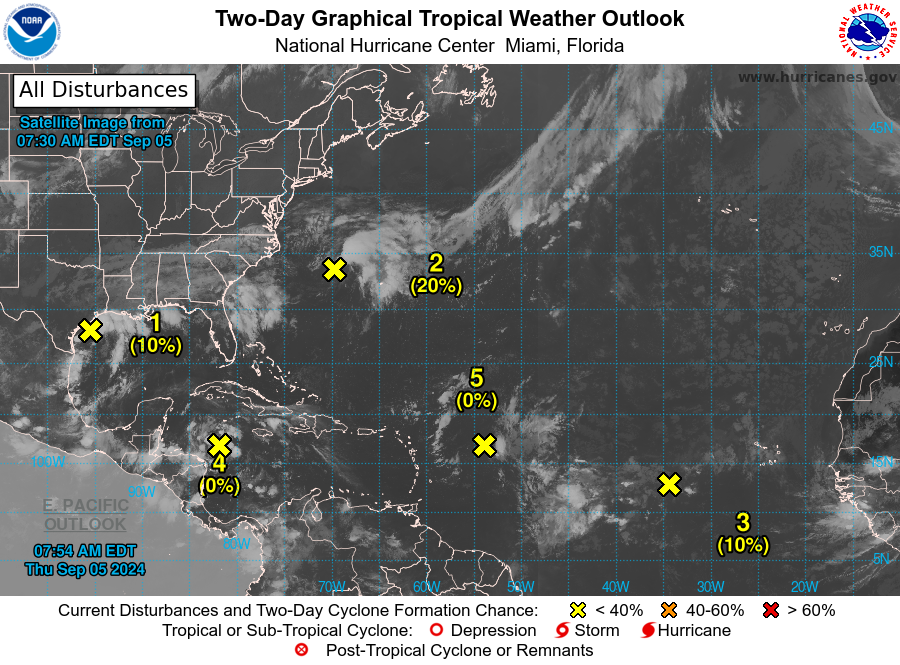
For the North Atlantic...Caribbean Sea and the Gulf of Mexico:

1. Northwest Gulf of Mexico: A trough of low pressure is producing widespread disorganized showers and thunderstorms across the northwestern Gulf of Mexico, including near the coasts of Louisiana and Texas. Upper-level winds are expected to become less conducive for development by Friday and Saturday as a frontal boundary approaches the system. Although development is unlikely, heavy rainfall is expected across portions of the northern Gulf Coast during the next day or so.
* Formation chance through 48 hours...low...10 percent.
* Formation chance through 7 days...low...10 percent.

2. Northwestern Atlantic: A non-tropical area of low pressure located a few hundred miles east of North Carolina is producing disorganized showers and thunderstorms to the northeast and east of its center. This system could acquire some subtropical characteristics over the next couple of days while it moves generally north-northeastward, remaining offshore of the northeastern United States. Once the low moves over cooler waters by late Saturday, further subtropical development is not expected. Additional information on this system, including gale warnings, can be found in High Seas Forecasts issued by the National Weather Service.
* Formation chance through 48 hours...low...20 percent.
* Formation chance through 7 days...low...20 percent.

3. Eastern Tropical Atlantic: A broad area of low pressure over the eastern tropical Atlantic is producing disorganized showers and thunderstorms. Some slow development of this system is possible during the next several days while it drifts northwestward or northward.
* Formation chance through 48 hours...low...10 percent.
* Formation chance through 7 days...low...20 percent.

4. Northwestern Caribbean Sea and Southwestern Gulf of Mexico: Shower and thunderstorm activity has increased slightly in association with a westward-moving tropical wave located over the western Caribbean Sea. Significant development appears unlikely before the system reaches Belize and the Yucatan Peninsula by early Friday. Some development is possible late in the weekend into early next week after the system emerges over the southwestern Gulf of Mexico.
* Formation chance through 48 hours...low...near 0 percent.
* Formation chance through 7 days...low...30 percent.

5. Central Tropical Atlantic: Another tropical wave located a few hundred miles east of the Leeward Islands is producing limited shower and thunderstorm activity. Strong upper-level winds are expected to limit development of this system during the next few days while it moves west-northwestward at 10 to 15 mph. By early next week, environmental conditions could become more conducive for some slow development while the system moves west-northwestward over the southwestern Atlantic Ocean.
* Formation chance through 48 hours...low...near 0 percent.
* Formation chance through 7 days...low...10 percent.

High Seas Forecasts are issued by the National Weather Service under AWIPS header NFDHSFAT1 and WMO header FZNT01 KWBC, and online at ocean.weather.gov/shtml/NFDHSFAT1.php

Forecaster Hagen